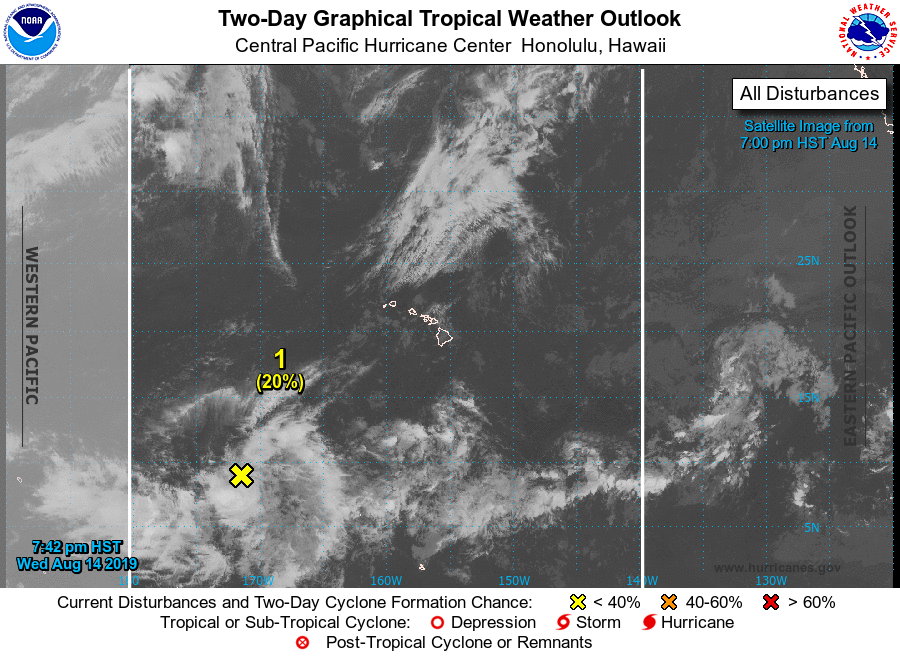
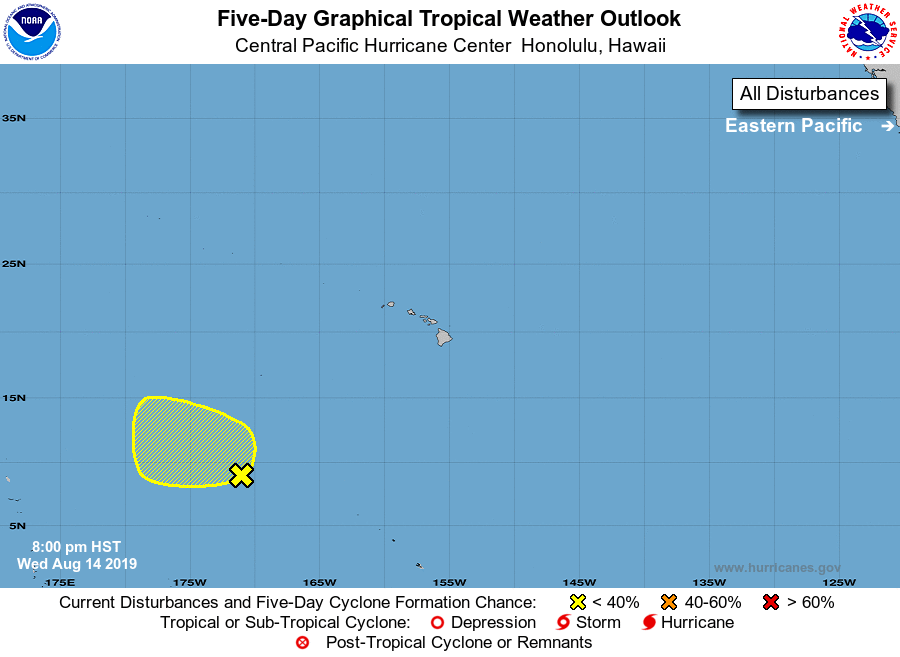
For the central North Pacific...between 140W and 180W:

1. A disorganized area of showers and thunderstorms is associated with a trough of low pressure located some 1200 miles southwest of Oahu. Some development of the system is possible as it moves west-northwestward at around 10 mph.
* Formation chance through 48 hours...low...near 20 percent.
* Formation chance through 5 days...low...20 percent.

Elsewhere, no tropical cyclones are expected during the next 5 days.

Forecaster Lau